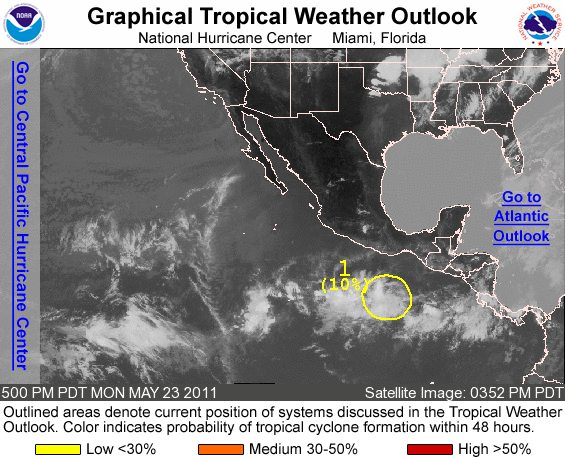
FOR THE EASTERN NORTH PACIFIC...EAST OF 140 DEGREES WEST LONGITUDE..

1. SHOWERS AND THUNDERSTORMS IN ASSOCIATION WITH A WEAK AREA OF LOW PRESSURE LOCATED SEVERAL HUNDRED MILES SOUTH-SOUTHWEST OF THE GULF OF TEHUANTEPEC HAVE DECREASED AND BECOME LESS ORGANIZED DURING THE PAST SEVERAL HOURS. DEVELOPMENT...IF ANY...OF THIS SYSTEM IS EXPECTED TO BE SLOW TO OCCUR AS IT MOVES LITTLE OVER THE NEXT COUPLE OF DAYS. THERE IS A LOW CHANCE...10 PERCENT...OF THIS SYSTEM BECOMING A TROPICAL CYCLONE DURING THE NEXT 48 HOURS.

ELSEWHERE...TROPICAL CYCLONE FORMATION IS NOT EXPECTED DURING THE NEXT 48 HOURS.

FORECASTER KIMBERLAIN